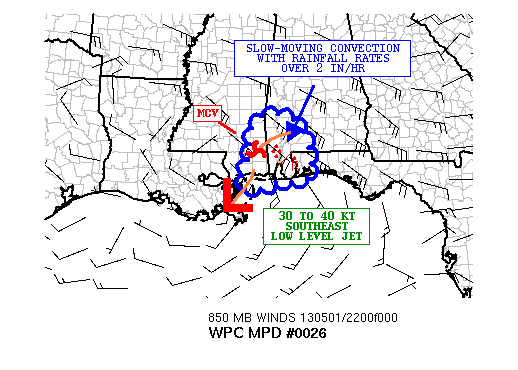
AREAS AFFECTED...SOUTHERN MS...SOUTHERN AL...EXTREME WESTERN FL
PANHANDLE

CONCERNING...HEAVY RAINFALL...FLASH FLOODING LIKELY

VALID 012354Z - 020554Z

SUMMARY...VERY HEAVY RAINFALL FROM VERY SLOW-MOVING AND MERGING
CONVECTION IS EXPECTED TO RESULT IN AN ELEVATED FLASH FLOOD THREAT
THROUGH THE EVENING ALONG PORTIONS OF THE CENTRAL GULF COAST.

DISCUSSION...RADAR IMAGERY INDICATES A WELL-DEFINED MESOCYCLONE
HAS DEVELOPED OVER FAR SOUTHERN MS OVER THE LAST COUPLE OF
HOURS...WHICH IS AIDING THE PERSISTENCE OF AN INTENSE BAND OF
CONVECTION FROM JUST SOUTH OF GULFPORT MS NORTHEAST TO AREAS JUST
NORTHWEST OF MOBILE AL. IR SATELLITE IMAGERY SHOWS SUSTAINABLE
COLD CONVECTIVE CLOUD TOPS WITH OCCASIONAL OVERSHOOTING TOP
DETECTIONS ACROSS THIS AREA. THE CONVECTION CONTINUES TO BE AIDED
BY A FEED OF VERY MOIST AND UNSTABLE LOW LEVEL FLOW IN OFF THE
NORTHEAST GULF OF MEXICO. A LOW LEVEL JET ON THE ORDER OF 30 TO 40
KTS IS EXPECTED TO CONTINUE THROUGH THE EVENING HOURS HERE...WHICH
IS SUPPORTED BY THE 12Z ECMWF.

THE 18Z NAM-CONEST AND 12Z HRW-ARW BOTH HAVE CAPTURED RELATIVELY
WELL THE DETAILS OF THE MCV...AND ONGOING CONVECTION...AND SUGGEST
A GRADUAL EASTWARD PIVOT TO THIS VORT CENTER ALONG WITH A
WELL-CONCENTRATED AND ORGANIZED CONVECTIVE BAND. THE BAND WILL BE
CAPABLE OF PRODUCING VERY HEAVY RAINFALL AMTS...AND ESP SINCE
THERE HAVE BEEN NUMEROUS CONVECTIVE ELEMENTS ADVANCING
NORTHWESTWARD IN OFF THE GULF OF MEXICO AND MERGING IN WITH THE
LARGER SCALE BAND. RAINFALL RATES OF 2 TO 3 IN/HR WILL BE EXPECTED
LOCALLY. RAINFALL AMTS THROUGH THIS TIME PERIOD ALONE OF 3 TO 6
INCHES WITH ISOLATED HEAVIER AMTS ARE EXPECTED.

IT SHOULD BE NOTED THAT THE 18Z NAM-CONEST AND 12Z HRW-ARW...ALONG
WITH THE 12Z ECMWF HIGHLY SUGGEST THIS EVENT WILL CONTINUE WELL
AFTER MIDNIGHT WITH A HIGH-IMPACT AND POTENTIALLY LIFE-THREATENING
FLASH FLOOD EVENT BEING SUGGESTED. WILL CONTINUE TO MONITOR.